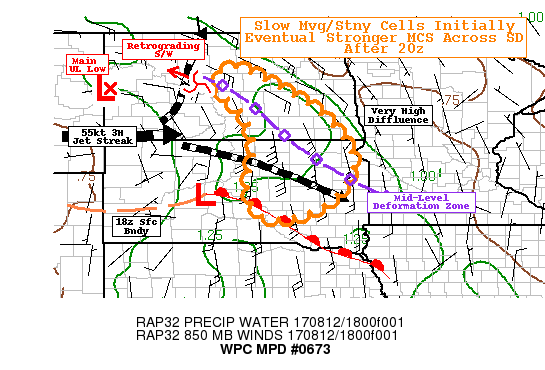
AREAS AFFECTED...SOUTH CENTRAL ND...NORTHEAST SD...

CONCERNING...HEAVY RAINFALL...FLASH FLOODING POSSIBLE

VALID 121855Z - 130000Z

SUMMARY...NEARLY STATIONARY CELLS CURRENTLY POSE FLASH FLOODING
RISK BEFORE MAIN SHORTWAVE/DEEPER CONVECTION DEVELOPS AND SHIFTS
EAST.

DISCUSSION...EXPERIMENTAL GOES-16 WV SUITE DEPICTS A ROBUST
SYNOPTIC WAVE OVER W ND...WITH STRONG UNDERCUTTING JET STREAK
EXITING SE MT ATTM.  THIS HAS ALLOWED FOR A FAIRLY SHARP SHORTWAVE
RIDGE TO DEVELOP JUST EAST OF 100W FROM CENTRAL ND TO CENTRAL SD
WITH STRONG DIFFLUENCE INDICATIVE OF CIRRUS PATTERN ACROSS THE
EASTERN THIRD OF THE DAKOTAS.  AT THE SURFACE A WAVE OVER CENTRAL
SD IS CORRALLING LOW LEVEL FLOW/DEEPEST CHANNEL OF MOISTURE FROM
THE DUE SOUTH ACROSS CENTRAL SD/N NEB...WHILE A WEAK SURFACE WARM
FRONT/COOL CONVEYOR EXTENDS EASTWARD ACROSS EASTERN SD...BRINGING
ESE AND SE FLOW FROM CENTRAL MO/BIG SOUIX RIVER VALLEYS.   THE
CONFLUENCE SUPPORTS INCREASED MOISTURE FLUX AND TPWS OVER 1.25"
THOUGH GOES-16 TPW SUGGESTS SLIGHTLY HIGHER MAGNITUDES MAY BE
AVAILABLE.

AS SUCH CONVECTION HAS DEVELOPED ALONG THE DEFORMATION/WARM
FRONTAL ZONE WHICH GIVEN THE HIGH DIFFLUENCE/MID-LEVEL RIDGING
HAVE VERY WEAK STEERING/PROPAGATION VECTORS TO ALLOW FOR SLOWED
FORWARD PROGRESS FOR RATES OF 1.5"/HR TO LINGER FOR 1-2 HOURS
BEFORE SLIDING EAST.  BACKYARD WX STATION MESONET IN NAPOLEON AND
GACKLE IN LOGAN COUNTY HAVE SUPPORTED 2.45"/3HRS AND 1.52"/1.5HRS
RESPECTFULLY.  AS SUCH OU FLASH/CREST UNIT UNIT STREAM FLOWS ARE
GREATER THAN 2-4 CM/KM2 AND 3HR QPE/FFG VALUES ARE GREATER THAN
1.0".

FURTHER SOUTH...UPSTREAM DPVA/HEIGHT FALLS SUPPORT BACKBUILDING
WITH EVEN HIGHER MOISTURE FLUX ACROSS HYDE COUNTY IN E CENTRAL
SD...ALOS POSING FLASH FLOOD AS QPE/FFG RATES ARE NEAR/AT 1.0"
THERE AS WELL.

LONGER TERM...AS STRONG SHORTWAVE/JET STREAK APPROACHES OVER THE
NEXT HOUR OR SO...STRONGER MST CONVERGENCE SHOULD ALLOW FOR
INCREASED EXPANSION DEEPER CONVECTIVE COMPLEX BETWEEN THE TWO
ONGOING AREAS. RECENT RAP ANALYSIS SUGGESTS INCREASED INSTABILITY
(SBCAPES 2000+ J/KG) WITHIN THIS AREA WAS ABLE TO BUILD UP GIVEN
LOCALIZED STRONGER LOW LEVEL CAP...WHICH CONTINUES TO STEADILY
ERODE.  THE STRONG FORCING/INSTABILITY WILL SUPPORT DEEPER
CONVECTION WITH POTENTIALLY HIGHER RATES IN EXCESS OF
1.5-1.75"/HR.  THOUGH WITH THE STRONGER FORCING ALSO COMES ERODING
SHORTWAVE RIDGING/INCREASING STEERING/FORWARD PROPAGATION LIMITING
SOME TOTALS YET...1-3" VALUES ARE STILL PROBABLE MAINTAINING SOME
FLASH FLOOD RISK.

INDIVIDUAL CELLS THAT CAN REMAIN NEAR THE INFLECTION OF THE
DEFORMATION ZONE/SHORTWAVE OVER CENTRAL ND MAY CONTINUE TO BE THE
GREATEST AREA FOR HIGHEST TOTALS GIVEN THE NEAR STATIONARY CELL
MOTION...THOUGH MOISTURE FLUX WILL BE THE TRADE-OFF  DUE TO
AFOREMENTIONED UPSTREAM CONVECTIVE COMPLEX IN NE SD ROBBING BEST
INFLOW.